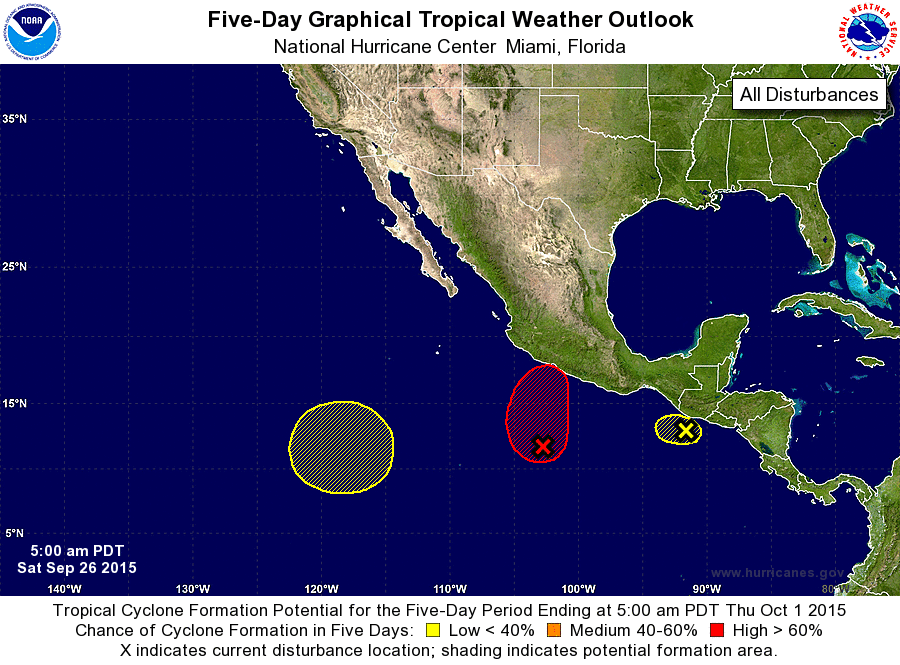
For the eastern North Pacific...east of 140 degrees west longitude:

1. Shower and thunderstorm activity associated with an area of low pressure located about 400 miles south-southwest of Acapulco, Mexico, has changed little in organization overnight. However, environmental conditions are conducive for development, and a tropical depression is expected to form during the next day or so while the low moves northward at about 5 mph. Interests along the southern coast of Mexico should monitor the progress of this system during the next several days.
* Formation chance through 48 hours...high...90 percent
* Formation chance through 5 days...high...90 percent

2. A small low pressure system is producing a concentrated area of showers and thunderstorms that extend about 200 miles offshore the coasts of Guatemala and El Salvador. The low is expected to move little or drift westward during the next couple of days, and development appears unlikely due to its proximity to land and unfavorable upper-level winds. Regardless of tropical cyclone development, this system could produce heavy rains across portions of El Salvador and southern Guatemala during the next few days. These rains have the potential to cause life-threatening flash floods and mud slides.
* Formation chance through 48 hours...low...30 percent
* Formation chance through 5 days...low...30 percent

3. An area of low pressure could form early next week about 1000 miles southwest of the southern tip of the Baja California peninsula. Any development of this system later next week should be slow to occur while it moves slowly northward.
* Formation chance through 48 hours...low...near 0 percent
* Formation chance through 5 days...low...20 percent

Forecaster Kimberlain/Cangialosi